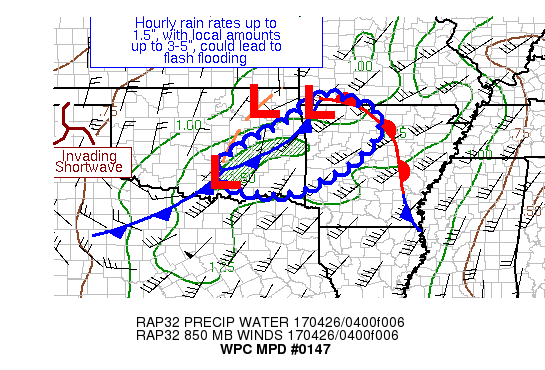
AREAS AFFECTED...SOUTHEAST OK & NORTHWEST AR

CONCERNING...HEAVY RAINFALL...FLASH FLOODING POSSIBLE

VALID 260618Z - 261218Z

SUMMARY...A SLOWING BOUNDARY IN SOUTHEAST OK COMBINED WITH AN
INCOMING SHORTWAVE SHOULD LEAD TO A NEW ROUND OF HEAVY RAINFALL
BEYOND 08Z.  HOURLY RAIN RATES OF UP TO 1.5", WITH LOCAL AMOUNTS
AS HIGH AS 3-5", COULD LEAD TO FLOODING.

DISCUSSION...A PROGRESSIVE SQUALL LINE ACROSS EASTERN OK HAS LED
TO OCCASIONALLY HEAVY RAIN RATES ACROSS CENTRAL AND EASTERN OK.
THE TAIL END OF THE CONVECTIVE LINE HAS SLOWED NOTICEABLY AS OF
LATE AND CONTINUES TO GENERATE NEW THUNDERSTORM ACTIVITY.  THIS
LINE IS EXPECTED TO MARCH INTO NORTHWEST AR WITH TIME.  THE
THUNDERSTORM PROGRESSION IS EXPECTED TO EAT AWAY AT THE
INSTABILITY REMAINING ACROSS SOUTHWEST MO, NORTHEAST OK, AND
NORTHWEST AR.  TO THE SOUTH, 1000-3000 J/KG OF MUCAPE IS EXPECTED
TO VERY SLOWLY FADE (ROUGHLY 200-250 J/KG AN HOUR) BETWEEN WICHITA
FALLS AND LITTLE ROCK.  PRECIPITABLE WATER VALUES OF 1.2-1.6"
INHABIT THE REGION PER GPS DATA.  INFLOW AT 850 HPA IS 30-60 KTS
PER VAD WIND PROFILES.  BULK SHEAR IN THE 0-6 KM LAYER OF 30-50
KTS EXISTS LOCALLY.

A SHORTWAVE MOVING INTO THE REGION FROM NORTHEAST NM IS EXPECTED
TO LEAD TO A NEW ROUND OF WHAT SHOULD BE ELEVATED CONVECTION
ACROSS SOUTHEAST OK AND NORTHWEST AR BEYOND 08Z.  THE SURFACE WAVE
OF IMPORTANCE APPEARS TO BE LOCATED NEAR ADA.  THERE ARE SATELLITE
INDICATIONS (PER EXPERIMENTAL GOES-16 IMAGERY) OF ELEVATED
INSTABILITY IN THE CLOUD FIELD ACROSS NORTHWEST TX SOUTH OF
CHILDRESS MOVING TOWARD THE AREA WHICH SHOULD SET UP THE NEXT
ROUND OF HEAVY RAINFALL.  THE AVAILABLE BULK SHEAR COULD LEAD TO
RENEWED LEWP/QLCS ACTIVITY WITH THE NEXT ROUND.  MODELS WHICH SEEM
TO BEST PORTRAY FUTURE EVENTS ARE THE 00Z GFS, 00Z SPCWRF, RECENT
RAP RUNS, AND THE 00Z NAM CONEST, THOUGH THEY COULD BE TOO
SLOW/WEST WITH THEIR PLACEMENT.  HOURLY RAIN RATES UP TO 1.5",
WITH LOCAL AMOUNTS UP TO 3-5", PARTICULARLY IN SOUTHEAST OK, COULD
LEAD TO A NEW ROUND OF HEAVY RAIN ISSUES.